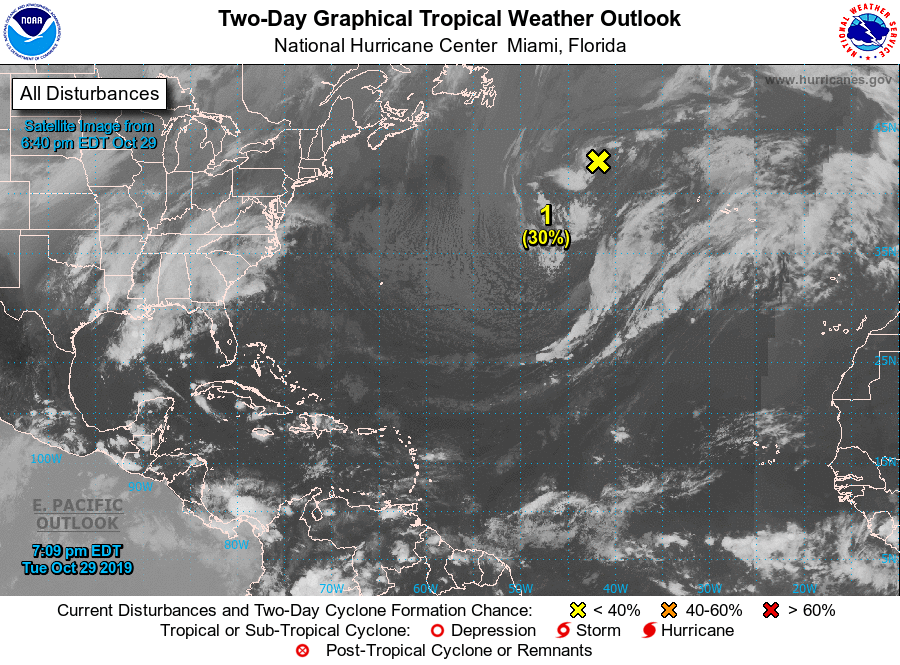
For the North Atlantic...Caribbean Sea and the Gulf of Mexico:

1. Shower and thunderstorm activity associated with a non-tropical gale-force low pressure area located several hundred miles west-northwest of the Azores remains limited. This system is forecast to move southwestward and southward over slightly warmer waters, and it could acquire some subtropical characteristics during the next day or so. Environmental conditions are expected to become unfavorable for any further development by Thursday night when the low is forecast to move back over colder waters. For more information of this system, see High Seas Forecasts issued by the National Weather Service.
* Formation chance through 48 hours...low...30 percent.
* Formation chance through 5 days...low...30 percent.

High Seas Forecasts issued by the National Weather Service can be found under AWIPS header NFDHSFAT1, WMO header FZNT01 KWBC, and online at ocean.weather.gov/shtml/NFDHSFAT1.php.

Forecaster Brown